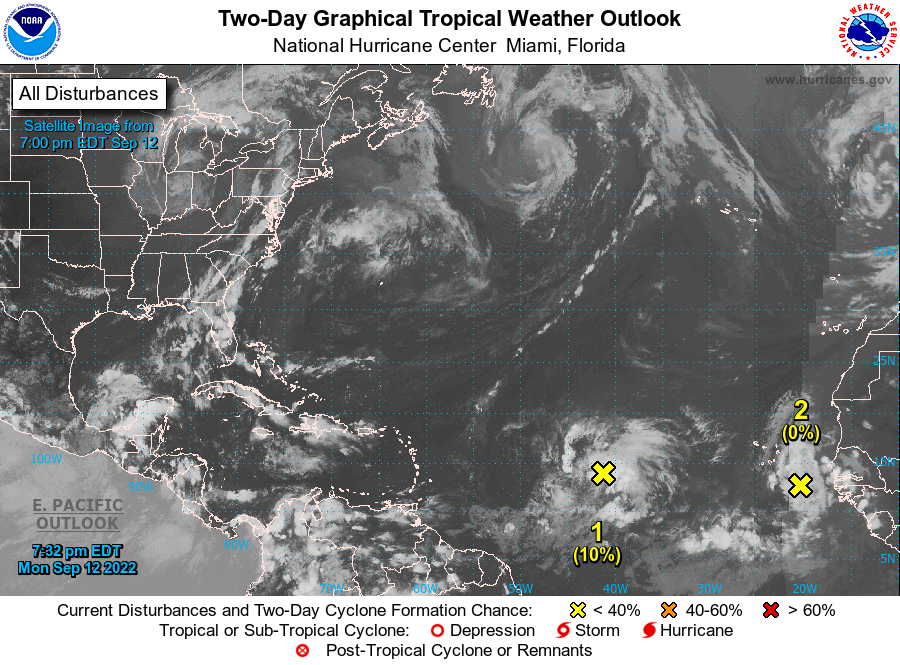
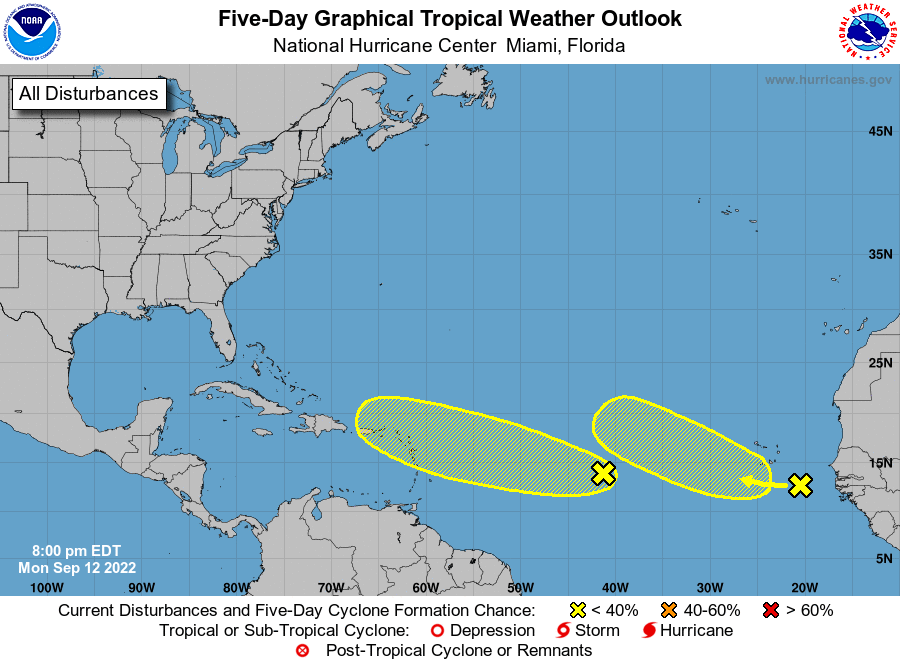
For the North Atlantic...Caribbean Sea and the Gulf of Mexico:

1. Central Tropical Atlantic: Shower and thunderstorm activity has become a little more concentrated associated with a tropical wave located midway between the west coast of Africa and the Windward Islands. Some additional development of this system is possible over the next several days while it moves generally westward to west-northwestward over the central tropical Atlantic and approaches the Windward Islands by the end of the week.
* Formation chance through 48 hours...low...10 percent.
* Formation chance through 5 days...low...20 percent.

2. Eastern Tropical Atlantic: A tropical wave located less than a couple hundred miles southeast of the easternmost Cabo Verde Islands is producing a small area of disorganized showers and thunderstorms. Environmental conditions appear only marginally favorable, and any development of this wave should be slow to occur while it moves westward or west-northwestward across the eastern tropical Atlantic through the end of the week.
* Formation chance through 48 hours...low...near 0 percent.
* Formation chance through 5 days...low...20 percent.

Forecaster Papin